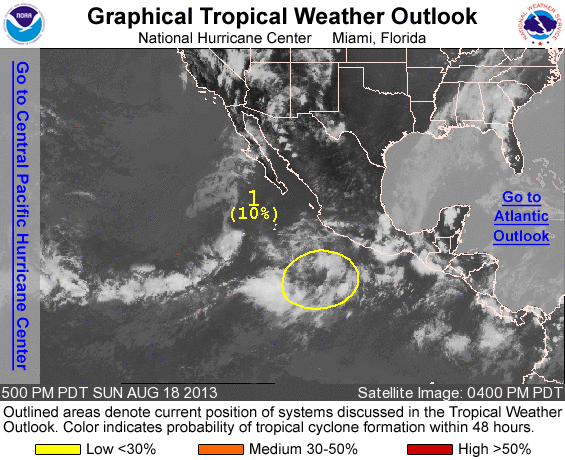
FOR THE EASTERN NORTH PACIFIC...EAST OF 140 DEGREES WEST LONGITUDE..

1. A BROAD AREA OF LOW PRESSURE LOCATED SEVERAL HUNDRED MILES SOUTH-SOUTHWEST OF ACAPULCO MEXICO CONTINUES TO PRODUCE DISORGANIZED SHOWERS AND THUNDERSTORMS. ENVIRONMENTAL CONDITIONS ARE CONDUCIVE FOR GRADUAL DEVELOPMENT OF THIS SYSTEM...AND A TROPICAL DEPRESSION COULD FORM AROUND MIDWEEK. THIS SYSTEM HAS A LOW CHANCE...10 PERCENT...OF BECOMING A TROPICAL CYCLONE DURING THE NEXT 48 HOURS...BUT A HIGH CHANCE...70 PERCENT...OF BECOMING A TROPICAL CYCLONE DURING THE NEXT FIVE DAYS WHILE IT MOVES NORTHWESTWARD AND THEN NORTH-NORTHWESTWARD.

OTHER SYSTEMS WITH FORMATION POTENTIAL BEYOND 48 HOURS...

A LOW PRESSURE AREA COULD FORM WELL SOUTH-SOUTHWEST OF THE SOUTHERN TIP OF THE BAJA CALIFORNIA PENINSULA IN A FEW DAYS. SOME SLOW DEVELOPMENT OF THIS SYSTEM IS POSSIBLE LATER IN THE WEEK. THIS SYSTEM HAS A LOW CHANCE...NEAR 0 PERCENT...OF BECOMING A TROPICAL CYCLONE DURING THE NEXT 48 HOURS...AND A LOW CHANCE...20 PERCENT... OF BECOMING A TROPICAL CYCLONE DURING THE NEXT 5 DAYS WHILE IT REMAINS NEARLY STATIONARY.

FIVE-DAY FORMATION PROBABILITIES ARE EXPERIMENTAL IN 2013. COMMENTS ON THE EXPERIMENTAL FORECASTS CAN BE PROVIDED AT...

HTTP://WWW.NWS.NOAA.GOV/SURVEY/NWS-SURVEY.PHP?CODE=ETWO

FORECASTER KIMBERLAIN